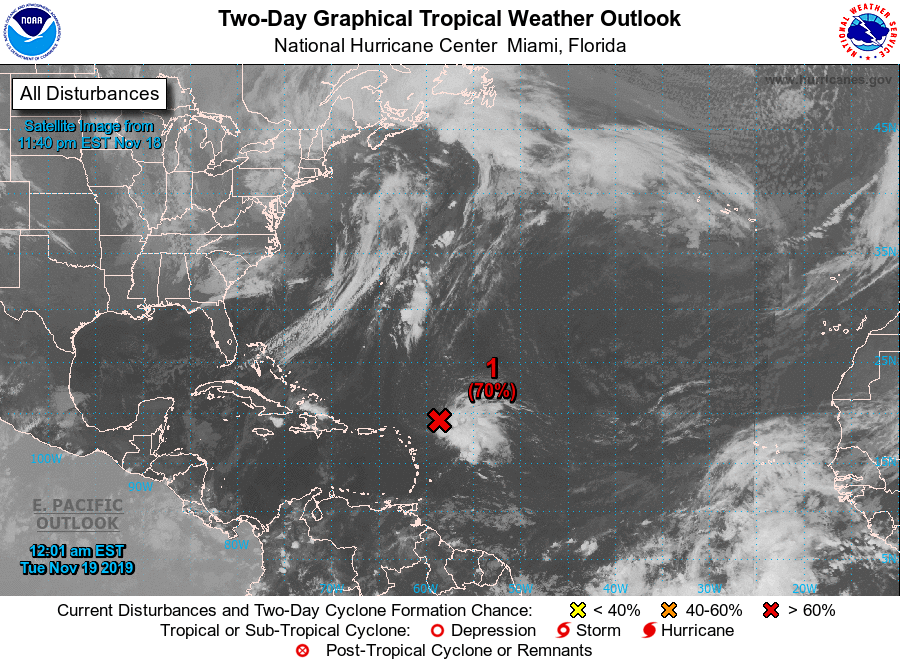
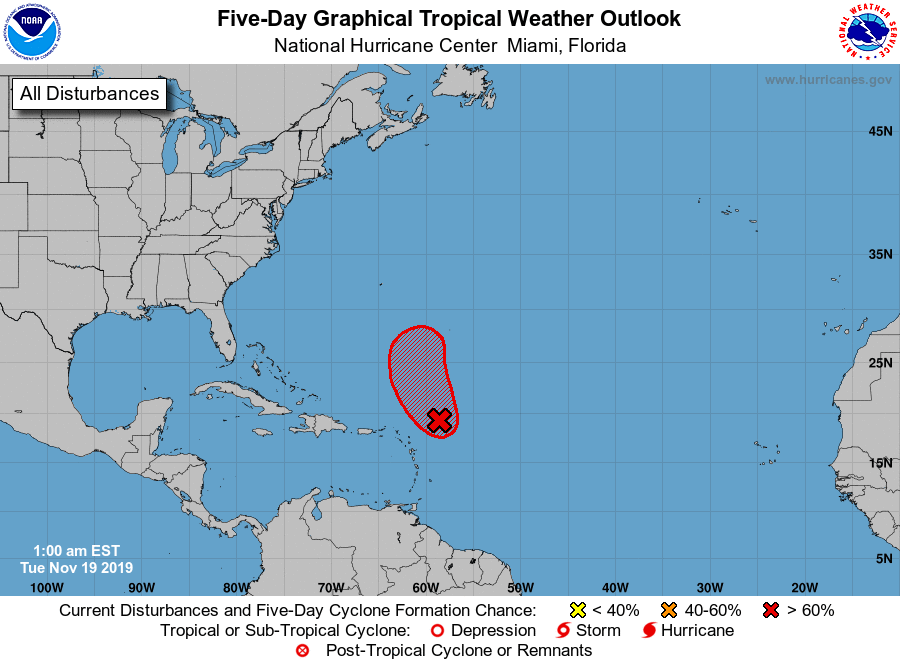
For the North Atlantic...Caribbean Sea and the Gulf of Mexico:

1. Showers and thunderstorms associated with a broad area of low pressure centered a little more than 200 miles east-northeast of the northern Leeward Islands continue to show signs of organization. Although the surface circulation of the disturbance appears to be gradually consolidating, recent satellite-derived wind data indicate that it does not yet have a well-defined center. Additional development is expected and a tropical or subtropical depression is likely to form while the system moves northwestward and then northward over the open Atlantic during the next day or two. The low is forecast to interact with a frontal system by midweek and further development is unlikely after that time. For more information, see High Seas Forecasts issued by the National Weather Service.
* Formation chance through 48 hours...high...70 percent.
* Formation chance through 5 days...high...70 percent.

High Seas Forecasts issued by the National Weather Service can be found under AWIPS header NFDHSFAT1, WMO header FZNT01 KWBC, and online at ocean.weather.gov/shtml/NFDHSFAT1.php

Forecaster Zelinsky